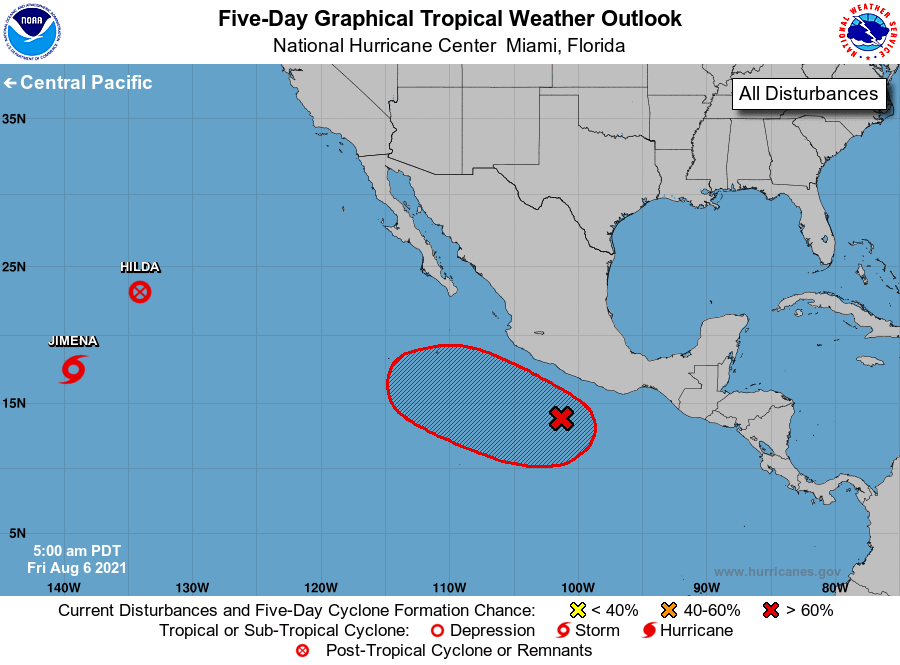
For the eastern North Pacific...east of 140 degrees west longitude:

The National Hurricane Center is issuing advisories on Tropical Storm Jimena, located over the far western portion of the eastern Pacific basin, and on Tropical Depression Hilda, located nearly 1500 miles west of the southern tip of the Baja California peninsula.

1. A large area of disorganized showers and thunderstorms is located a few hundred miles south of the coast of southwestern Mexico. Environmental conditions are forecast to be conducive for additional gradual development, and a tropical depression is likely to form early next week while the system moves west-northwestward at about 10 mph, parallel to and offshore of the coast of southwestern Mexico.
* Formation chance through 48 hours...low...10 percent.
* Formation chance through 5 days...high...70 percent.

Forecaster Roberts